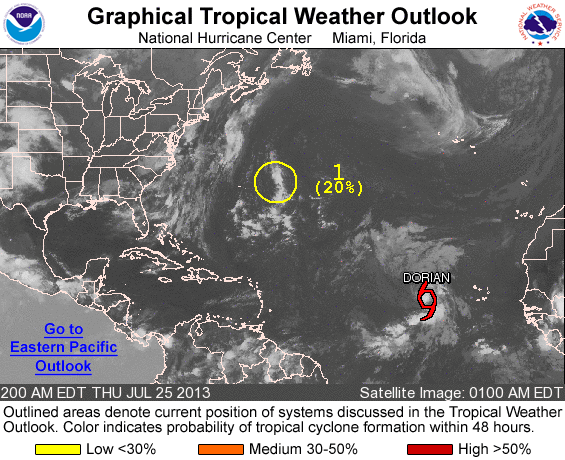
FOR THE NORTH ATLANTIC...CARIBBEAN SEA AND THE GULF OF MEXICO...

THE NATIONAL HURRICANE CENTER IS ISSUING ADVISORIES ON TROPICAL STORM DORIAN...LOCATED SEVERAL HUNDRED MILES WEST OF THE CAPE VERDE ISLANDS.

1. A WEAK SURFACE LOW LOCATED ABOUT 370 MILES EAST OF BERMUDA IS ASSOCIATED WITH A COMPLEX UPPER-LEVEL LOW PRESSURE SYSTEM. UPPER-LEVEL WINDS ARE EXPECTED TO BECOME A LITTLE MORE FAVORABLE... AND SOME DEVELOPMENT OF THE LOW IS POSSIBLE BEFORE IT REACHES COLD WATER IN A DAY OR SO. THIS SYSTEM HAS A LOW CHANCE...20 PERCENT... OF BECOMING A TROPICAL CYCLONE DURING THE NEXT 48 HOURS AS IT MOVES NORTHWESTWARD AND THEN NORTHWARD AT ABOUT 15 MPH.

ELSEWHERE...TROPICAL CYCLONE FORMATION IS NOT EXPECTED DURING THE NEXT 48 HOURS.

PUBLIC ADVISORIES ON TROPICAL STORM DORIAN ARE ISSUED UNDER WMO HEADER WTNT34 KNHC AND UNDER AWIPS HEADER MIATCPAT4. FORECAST/ADVISORIES ON DORIAN ARE ISSUED UNDER WMO HEADER WTNT24 KNHC AND UNDER AWIPS HEADER MIATCMAT4.

FORECASTER BEVEN